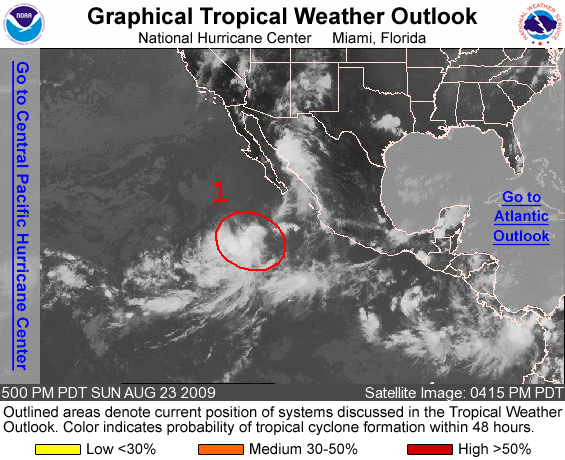
FOR THE EASTERN NORTH PACIFIC...EAST OF 140 DEGREES WEST LONGITUDE..

1. THE BROAD AREA OF LOW PRESSURE LOCATED ABOUT 575 MILES WEST- SOUTHWEST OF MANZANILLO MEXICO HAS CHANGED LITTLE IN ORGANIZATION DURING THE PAST FEW HOURS. UPPER-LEVEL WINDS ARE EXPECTED TO BECOME MORE FAVORABLE FOR THIS SYSTEM TO DEVELOP INTO A TROPICAL DEPRESSION DURING THE NEXT DAY OR TWO AS IT MOVES WEST-NORTHWESTWARD AT 10 TO 15 MPH. THERE IS A HIGH CHANCE...GREATER THAN 50 PERCENT...OF THIS SYSTEM BECOMING A TROPICAL CYCLONE DURING THE NEXT 48 HOURS.

ELSEWHERE...TROPICAL CYCLONE FORMATION IS NOT EXPECTED DURING THE NEXT 48 HOURS.

FORECASTER BERG